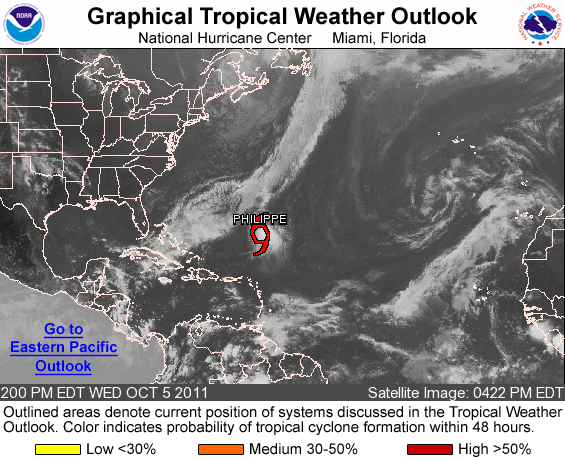
FOR THE NORTH ATLANTIC...CARIBBEAN SEA AND THE GULF OF MEXICO...

THE NATIONAL HURRICANE CENTER IS ISSUING ADVISORIES ON TROPICAL STORM PHILIPPE...LOCATED ABOUT 530 MILES SOUTH-SOUTHEAST OF BERMUDA.

ELSEWHERE...TROPICAL CYCLONE FORMATION IS NOT EXPECTED DURING THE NEXT 48 HOURS.

FORECASTER BROWN